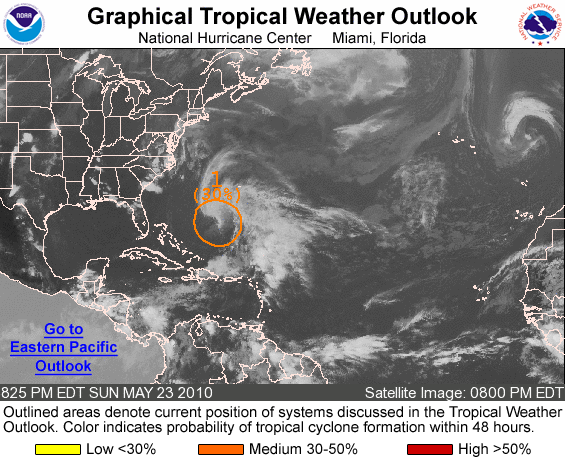
FOR THE NORTH ATLANTIC...CARIBBEAN SEA AND THE GULF OF MEXICO...

1. A NON-TROPICAL LOW PRESSURE SYSTEM CENTERED ABOUT 500 MILES SOUTH-SOUTHWEST OF BERMUDA IS PRODUCING A LARGE AREA OF DISORGANIZED SHOWERS AND THUNDERSTORMS OVER THE SOUTHWESTERN ATLANTIC OCEAN ALONG WITH GALE-FORCE WINDS. THIS LOW IS EXPECTED TO MOVE SLOWLY TOWARD THE NORTH-NORTHWEST AND HAS SOME POTENTIAL TO GRADUALLY ACQUIRE SUBTROPICAL OR TROPICAL CHARACTERISTICS DURING THE NEXT COUPLE OF DAYS. THERE IS A MEDIUM CHANCE...30 PERCENT...OF THIS SYSTEM BECOMING A SUBTROPICAL OR TROPICAL CYCLONE DURING THE NEXT 48 HOURS.

FOR ADDITIONAL INFORMATION...PLEASE SEE HIGH SEAS FORECASTS ISSUED BY THE NATIONAL WEATHER SERVICE...UNDER AWIPS HEADER NFDHSFAT1 AND WMO HEADER FZNT01 KWBC. THE NEXT STATEMENT ON THIS SYSTEM WILL BE ISSUED BY MIDDAY MONDAY.

FORECASTER BLAKE